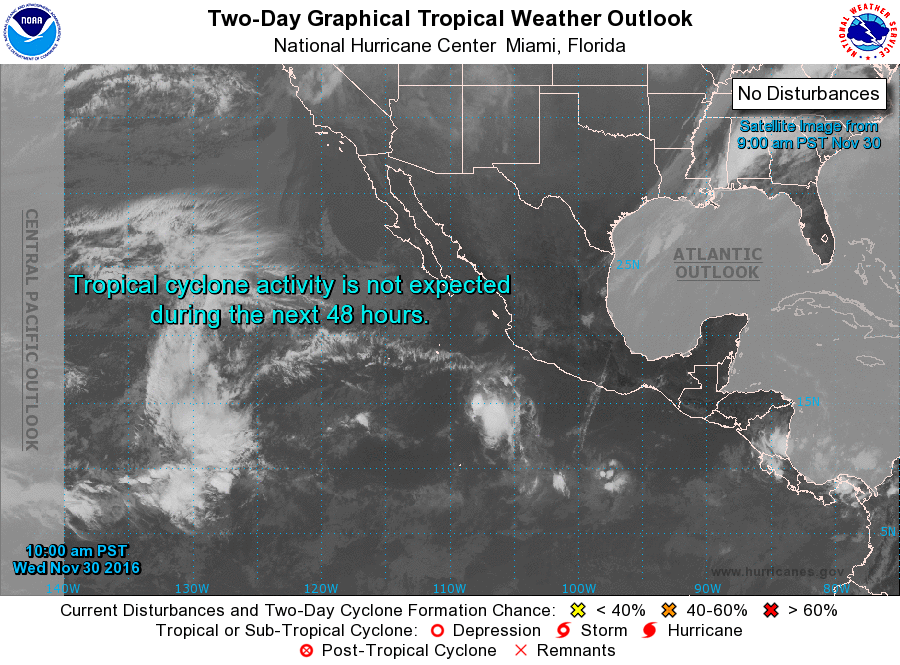
For the eastern North Pacific...east of 140 degrees west longitude:

Tropical cyclone formation is not expected during the next 5 days.

Forecaster Kimberlain